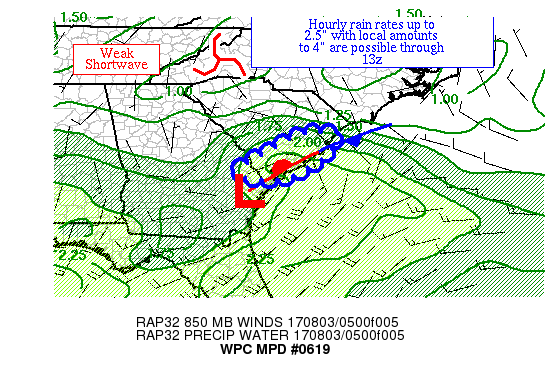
AREAS AFFECTED...COASTAL SC

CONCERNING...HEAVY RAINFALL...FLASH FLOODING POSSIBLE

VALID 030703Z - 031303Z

SUMMARY...THUNDERSTORMS ARE INCREASING ACROSS THE COASTAL PLAIN OF
SOUTHERN SC.  HOURLY RAIN RATES UP TO 2.5" WITH LOCAL AMOUNTS TO
4" ARE POSSIBLE.

DISCUSSION....A LOW-LEVEL CYCLONIC CIRCULATION LIES ACROSS THE
SOUTHEAST GA COASTAL PLAIN NEAR SAVANNAH.  THIS IS OCCURRING SOUTH
OF A SHORTWAVE MOVING THROUGH WESTERN NC, NOTED ON RECENT WATER
VAPOR IMAGERY.  A THERMAL BOUNDARY TO ITS EAST-NORTHEAST IS ACTING
AS A FOCUS FOR SHOWERS AND THUNDERSTORMS WITH COOLING CLOUD TOPS
PER EXPERIMENTAL GOES-16 10.7 MICRON CLEAR CHANNEL IR IMAGERY.
PRECIPITABLE WATER VALUES ARE ESTIMATED NEAR 2" IN THIS REGION,
MAINLY BASED ON RAP ANALYSES.  INFLOW AT 850 HPA IS CYCLONIC AND
AROUND 30 KTS PER THE JACKSONVILLE FL VAD WIND PROFILE AND RECENT
RAP ANALYSES.  EFFECTIVE BULK SHEAR OF 25 KTS IS ADVERTISED IN
RECENT SPC MESOANALYSES, WHICH SHOULD LEAD TO SOME LEVEL OF
ORGANIZATION.  RECENT RADAR REFLECTIVITY APPEARED TO SHOW A VAGUE
ROTATION IN SOUTHERN SC.  MU CAPE VALUES ARE 1000-2000 J/KG.

THE EXPECTATION IS FOR THUNDERSTORMS TO TRY TO SPREAD UP THE COAST
OF SC WITH TIME.  CONVECTION SHOULD KEEP THE LOW-LEVEL BOUNDARY
FROM MOVING TOO MUCH FARTHER NORTHWARD, BUT SOME AREAS OF THE
COAST HAVE CIN WHICH COULD LEAD TO ELEVATED CONVECTION CLOSER TO
THE 850 HPA SLICE OF THE BOUNDARY.  FORWARD PROPAGATION PARALLEL
TO THE COAST COULD OCCUR FOR A SHORT SPELL, BUT IN AREAS WHERE CIN
DOES NOT EXIST, THE BOUNDARY COULD SHIFT SLIGHTLY SOUTHEAST,
LEADING TO UNCERTAINTY REGARDING LOCAL MAXIMA ANTICIPATED AND HOW
FAR INLAND HEAVY RAINFALL MIGHT PROGRESS.  THE AVAILABLE MOISTURE,
INSTABILITY, AND LIFT SHOULD LEAD TO HOURLY RAIN RATES UP TO 2.5".
 PER COORDINATION WITH THE CHS/CHARLESTON SC OFFICE, LOCAL MAXIMA
AROUND 4" ARE POSSIBLE THROUGH 13Z.